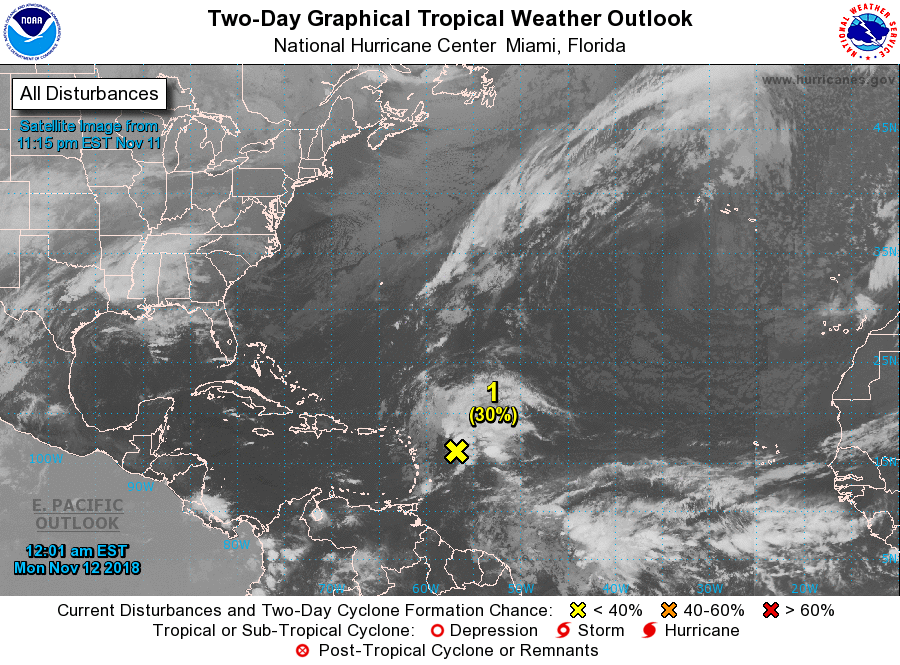
For the North Atlantic...Caribbean Sea and the Gulf of Mexico:

1. A large area of cloudiness and thunderstorms extending from near the Leeward Islands northeastward over the tropical Atlantic for several hundred miles is associated with a westward-moving tropical wave and an upper-level trough. Showers and thunderstorms associated with this disturbance have changed little in organization tonight, however environmental conditions are forecast to gradually become more conducive to allow for the potential development of a tropical or subtropical cyclone by the middle of the week. The system is forecast to move westward to west-northwestward for the next few days, passing near or north of the Leeward Islands, Puerto Rico, Hispaniola, and the southeastern Bahamas.
* Formation chance through 48 hours...low...30 percent.
* Formation chance through 5 days...high...70 percent.

Forecaster Brown